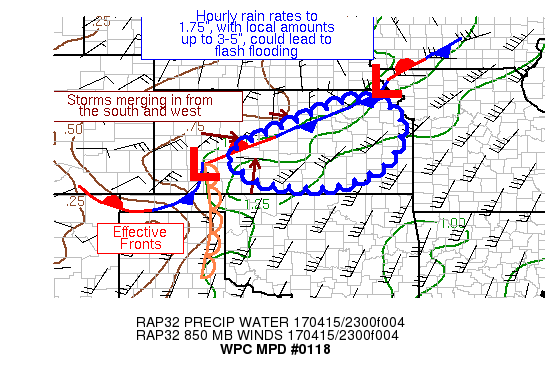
AREAS AFFECTED...CENTRAL AND EASTERN KS

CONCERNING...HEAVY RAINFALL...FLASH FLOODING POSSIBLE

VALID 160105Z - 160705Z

SUMMARY...THUNDERSTORMS SHOWING BACKBUILDING CHARACTERISTICS ARE
FORMING NEAR A STATIONARY FRONT.  HOURLY RAIN RATES UP TO 1.75",
WITH LOCAL AMOUNTS OF 3-5", COULD LEAD TO FLASH FLOODING.

DISCUSSION...A STATIONARY FRONT ANGLED ACROSS KS ALONG WITHIN AN
ENVIRONMENT OF 2000 J/KG OF MLCAPE AND 25-40 KTS OF SOUTHWESTERLY
INFLOW AT 850 HPA (GREATER THAN THE MEAN 850-400 HPA WIND) HAVE
MANAGED TO BREAK THE CAP ACROSS THE REGION AND ARE SHOWING
BACKBUILDING CHARACTER.  THUNDERSTORMS APPEAR WELL ORGANIZED
WITHIN AN ENVIRONMENT WITH 30-40 KTS OF 0-6 KM BULK SHEAR.
PRECIPITABLE WATER VALUES ARE NEAR 1.25" PER AREA SOUNDINGS.

RAP FORECASTS INDICATE THAT LOW-LEVEL WINDS COULD INCREASE FURTHER
AND VEER SOMEWHAT MORE, WHICH WOULD MAKE THE FLOW REGIME MORE
UNIDIRECTIONAL AND TEND TO MAINTAIN SOME BACKBUILDING CHARACTER TO
THE CONVECTION.  PRECIPITABLE WATER VALUES ARE ALSO EXPECTED TO
BREACH 1.5".  EMBEDDED MESOCYCLONES COULD LEAD TO INCREASED RAIN
RATES, EVEN AFTER THE STORMS START TO FORWARD PROPAGATE.  WHEN
COMBINED WITH POSSIBLE CELL MERGERS FROM INCOMING STORMS TO THE
WEST AND SOUTH, HOURLY RAIN RATES COULD PEAK NEAR 1.75".  WITH
BACKBUILDING AND CELL MERGERS EXPECTED, LOCAL AMOUNTS OF 3-5" ARE
POSSIBLE, WHICH WOULD EXCEED 2-3" IN 3 HOUR FLASH FLOOD GUIDANCE
VALUES.  AROUND 04Z, COLD POOL GENERATION IS EXPECTED TO LEAD TO A
GENERAL EAST-SOUTHEAST MOTION AT 20-25 KTS.